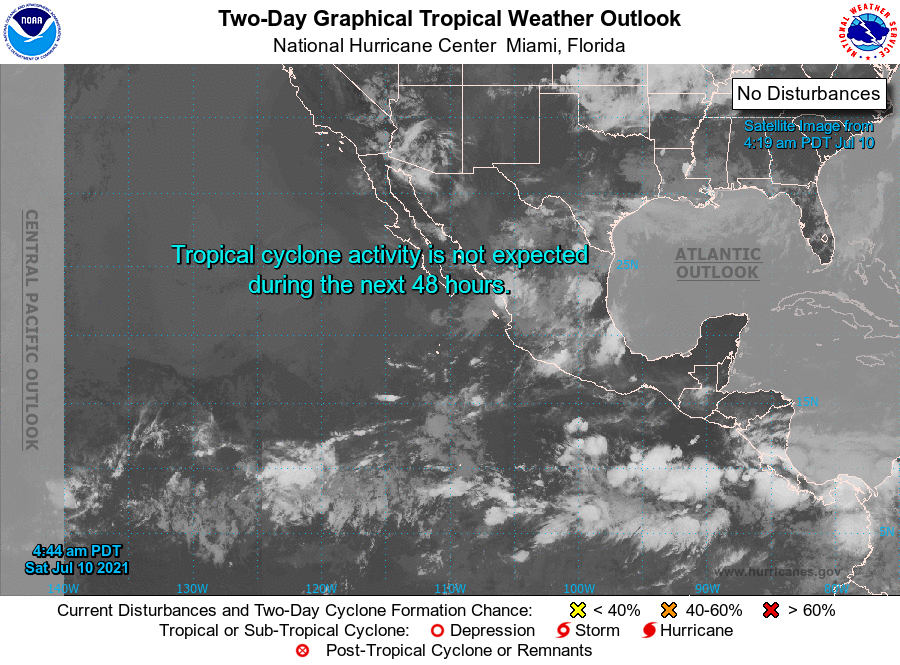
For the eastern North Pacific...east of 140 degrees west longitude:

1. An area of low pressure is expected to develop south or southeast of the Gulf of Tehuantepec in a few days. Environmental conditions are expected support gradual development of this system therafter and a tropical depression could form during the middle portion of next week. This system is expected to move generally westward or west-northwestward at 10 to 15 mph through the end of the five day period.
* Formation chance through 48 hours...low...near 0 percent.
* Formation chance through 5 days...medium...50 percent.

2. Another area of low pressure is expected to form several hundred miles southwest of the southern coast of Mexico by early next week. Some slow development of this system will be possible while it moves westward or west-northwestward at 10 to 15 mph.
* Formation chance through 48 hours...low...near 0 percent.
* Formation chance through 5 days...low...20 percent.

Forecaster Zelinsky